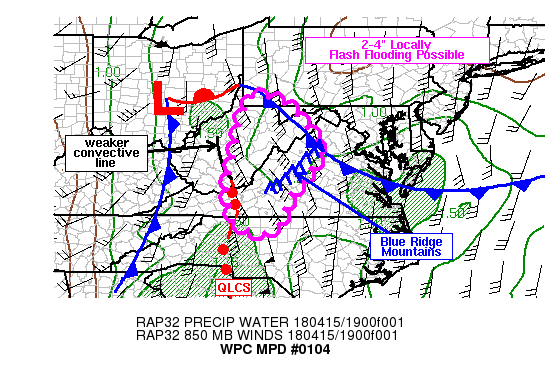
AREAS AFFECTED...PORTIONS OF WRN VA...ERN WV AND FAR SWRN PA

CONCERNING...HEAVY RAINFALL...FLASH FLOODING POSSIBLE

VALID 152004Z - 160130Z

SUMMARY...FLASH FLOODING MAY DEVELOP OVER PORTIONS OF ERN WV...WRN
VA INTO FAR SWRN PA THROUGH THE REMAINDER OF THE AFTERNOON INTO
THE EVENING. RAINFALL RATES OF 1-1.5 IN/HR COULD LEAD TO 2-4 INCH
TOTALS ON A LOCALIZED BASIS ACROSS AN AREA WITH LOW FFG.

DISCUSSION...REGIONAL RADAR THROUGH 1930Z SHOWED THE EWD MOVEMENT
OF A QLCS ACROSS THE CAROLINAS WITH A WEAKENED CONVECTIVE LINE TO
THE NORTH...EXTENDING INTO WRN VA AND CNTRL WV. TRENDS IN MUCAPE
VIA THE SPC MESOANALYSIS PAGE SHOWED SUBTLE INCREASES OVER THE
PAST COUPLE OF HOURS WITH AN ESTIMATED 100-500 J/KG OVER THE
APPALACHIANS AS OF 19Z WITH LOCALLY HIGHER VALUES EAST OF THE BLUE
RIDGE INTO THE PIEDMONT. WATER VAPOR IMAGERY OVER THE MID-ATLANTIC
REGION SHOWED A DIFFLUENT FLOW PATTERN ALOFT WITH RAP ANALYSES
INDICATING A 110-130+ KT JET CORE EXTENDING FROM ERN KY INTO LOWER
MICHIGAN...PLACING THE RIGHT ENTRANCE REGION AND ENHANCED UPPER
DIVERGENCE OVER THE CNTRL APPALACHIANS.

WHILE THE NARROW NORTH-SOUTH AXIS OF HEAVY RAIN CONTINUES TO
SLOWLY MOVE EAST ACROSS SWRN VA AT 15-25 KT...WITH EMBEDDED
RAINFALL RATES OF 1 TO 1.5 IN/HR...FFG VALUES AHEAD OF THE
NORTHERN END OF THE CONVECTIVE LINE ARE ONLY 1.5 TO 2.5 INCHES IN
3 HOURS. FORECASTS OF 850 MB FLOW OVER ERN WV INTO WRN VA SUPPORT
40-50 KT OVER THE NEXT 3-6 HOURS FROM THE SSE...WITH TERRAIN
INFLUENCES A CONSIDERATION. INCREASES IN UPPER SUPPORT AS AN UPPER
TROUGH AXIS BECOMES MORE NEGATIVELY TILTED MAY SUPPORT BRIEF
INCREASES IN RAINFALL RATES TO THE NORTH...DESPITE WEAK
INSTABILITY...WHICH COULD POSE FLASH FLOODING IN A FEW LOCATIONS
GIVEN THE LOW FFG. AN ADDITIONAL 2-4 INCHES THROUGH 02Z WILL BE
POSSIBLE ON A LOCALIZED BASIS.